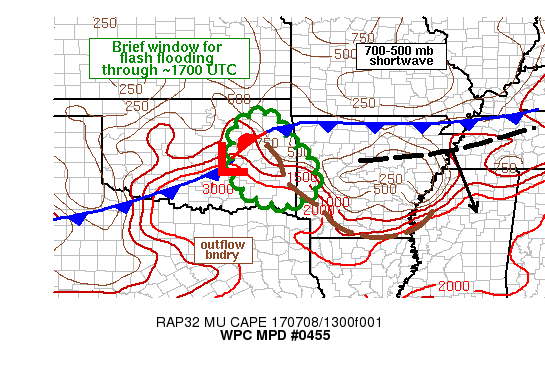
AREAS AFFECTED...ERN OK INTO WRN AR

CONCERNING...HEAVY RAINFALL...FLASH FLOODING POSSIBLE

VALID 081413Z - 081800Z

SUMMARY...LOCALIZED FLASH FLOODING WILL BE POSSIBLE ACROSS
PORTIONS OF ERN OK INTO FAR WRN AR WITH RAINFALL RATES OF 1-2
IN/HR AND BRIEF TRAINING. THE THREAT IS EXPECTED TO END AROUND 17Z.

DISCUSSION...RADAR IMAGERY OVER THE PAST SEVERAL HOURS HAS SHOWN A
SOMEWHAT DISORGANIZED AREA OF ELEVATED SHOWERS AND THUNDERSTORMS
EVOLVING ACROSS NERN OK INTO WRN AND SRN AR. THE ACTIVITY IN SRN
AR HAS BEEN PROGRESSIVE TOWARD THE SOUTH AHEAD OF A LOW-MID LEVEL
SHORTWAVE TROUGH TRANSLATING TO THE SOUTHEAST. FARTHER WEST OVER
NORTHEAST OK AND THE CNTRL OK/AR BORDER...STORMS HAVE BEEN SLOWER
MOVING AND HAVE HAD A HISTORY OF TRAINING IN WEAK NWLY FLOW. A
RESULTANT OUTFLOW BOUNDARY WAS ANALYZED AT 14Z FROM SRN AR...NWWD
INTO E-CNTRL OK AND NOW PARALLELS STORM MOVEMENT. FLOW ALOFT IS
ALSO HIGHLY DIFFLUENT WHICH MAY BE A SIGNIFICANT FACTOR IN THE
PERSISTENCE OF THESE STORMS GIVEN THE UNFAVORABLE TIME OF DAY NEAR
SUNRISE.

GPS SITE PRECIPITABLE WATER VALUES SHOW A BIT HIGHER ACROSS ERN
OK...1.7 TO 2.1 INCHES...COMPARED TO 12Z RAOBS FROM OUN AND LZK
WHICH DISPLAYED PRECIPITABLE WATER VALUES NEAR 1.5 AND 1.6 INCHES.
WHILE MANY FACTORS POINT TO WEAKENING BY 17-18Z...NAMELY
DECREASING UPPER DIFFLUENCE AND A DISRUPTION TO THE LOW LEVEL WIND
FIELD...LOCATIONS ACROSS ERN OK INTO WRN AR HAVE RECORDED 400 TO
OVER 600 PERCENT OF NORMAL RAINFALL OVER THE PAST WEEK. THE RECENT
HEAVY RAINFALL MAY MAKE LOCATIONS ACROSS THE REGION MORE
SUSCEPTIBLE TO FLASH FLOODING AS ACTIVITY LIKELY BUILDS SOUTH OVER
THE NEXT COUPLE OF HOURS. RAINFALL RATES OF 1-2 IN/HR WITH BRIEF
TRAINING MAY CAUSE FLASH FLOODING IN ONE OR TWO LOCATIONS.